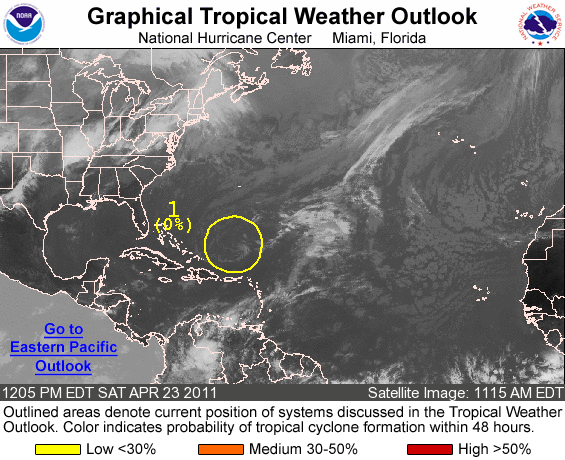
FOR THE NORTH ATLANTIC...CARIBBEAN SEA AND THE GULF OF MEXICO...

1. SHOWER ACTIVITY ASSOCIATED WITH A NON-TROPICAL LOW CENTERED ABOUT 360 MILES NORTH OF SAN JUAN PUERTO RICO HAS DIMINISHED...AND UPPER-LEVEL WINDS HAVE BECOME HIGHLY UNFAVORABLE FOR DEVELOPMENT. THE LOW IS EXPECTED TO WEAKEN AND MOVE GENERALLY WESTWARD DURING THE NEXT COUPLE OF DAYS. THERE IS A LOW CHANCE...NEAR 0 PERCENT...OF THIS SYSTEM DEVELOPING INTO A SUBTROPICAL OR TROPICAL CYCLONE DURING THAT TIME.

ADDITIONAL INFORMATION ON THIS LOW CAN BE FOUND IN HIGH SEAS FORECASTS ISSUED BY THE NHC/TROPICAL ANALYSIS AND FORECAST BRANCH...UNDER AWIPS HEADER NFDHSFAT2 AND WMO HEADER FZNT02 KNHC. THIS WILL BE THE LAST SPECIAL TROPICAL WEATHER OUTLOOK ISSUED FOR THIS SYSTEM UNLESS RE-DEVELOPMENT OCCURS.

ELSEWHERE...TROPICAL CYCLONE FORMATION IS NOT EXPECTED DURING THE NEXT 48 HOURS.

FORECASTER BEVEN